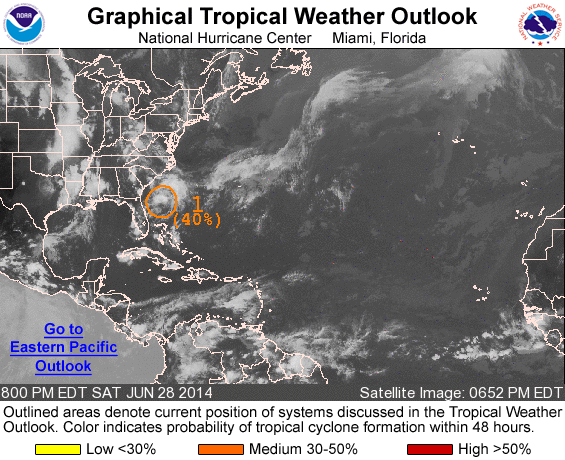
For the North Atlantic...Caribbean Sea and the Gulf of Mexico:

1. A broad area of low pressure located about 150 miles southeast of the coast of South Carolina continues to produce disorganized showers and thunderstorms. Environmental conditions are expected to remain conducive for gradual development of this system while it drifts southward offshore of Georgia and northeastern Florida during the next few days. An Air Force Reserve Hurricane Hunter aircraft is scheduled to investigate this system Sunday afternoon, if necessary.
* Formation chance through 48 hours...medium...40 percent.
* Formation chance through 5 days...high...60 percent.

Forecaster Brennan